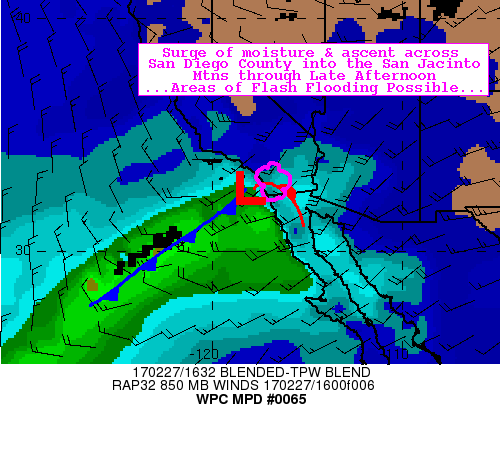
AREAS AFFECTED...SOUTHWEST CALIFORNIA

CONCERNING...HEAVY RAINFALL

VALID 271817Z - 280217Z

SUMMARY...DEEP MOISTURE REACHING SW CA COAST WILL RESULT IN
INCREASING RAIN RATES OVER CENTRAL AND SOUTHERN SAN DIEGO COUNTY
THROUGH 02Z.

DISCUSSION...SYNOPTIC SETUP AND LATEST GOES-W WV IMAGERY DENOTES A
DEEP NORTHERN STREAM TROUGH DROPPING ACROSS S CA ATTM...TIGHTENING
THE GRADIENT ACROSS THE LOCAL AREA AND SERVING TO ENHANCE THE JET
TO 100-120 KTS IN FAVORABLE RIGHT ENTRANCE PLACED OVER AREA OF
CONCERN. AT THE SURFACE...BLENDED TPW AND 89GHZ IMAGERY DENOTE A
STATIONARY FRONT EXTENDING FROM JUST NORTH OF THE US/MEX BORDER
TOWARD A WEAK INFLECTION JUST OFFSHORE.

HI-RES GUIDANCE CONTINUES TO INDICATE RAIN RATES WILL INCREASE IN
THE NEXT FEW HOURS OVER CENTRAL/SOUTHERN SAN DIEGO COUNTY INTO THE
SAN JACINTO MOUNTAINS...AS SUBTROPICAL MOISTURE...1-1.25" PER
LATEST BLENDED TPW IMAGERY...IS SHUNTED NORTH ACROSS THE REGION.

HRRR/HRRR-TLE/HREF PROBABILITIES IN GOOD AGREEMENT WITH DEPICTION
OF A DEVELOPING SWATH OF HEAVIER RAINFALL...INCLUDING RAINFALL
RATES IN EXCESS OF .4-.5"/HR NOW THROUGH 21-23Z...POSSIBLY
LINGERING TO AROUND 02Z OVER THE SANTA ANA MTNS. TOTAL RAINFALL
AMOUNTS BETWEEN 2-3" WILL BE POSSIBLE ACROSS THIS AREA...PRIMARILY
IN THE AFOREMENTIONED PENINSULAR RANGES THROUGH LATE TONIGHT. WILL
CONTINUE TO MONITOR AND UPDATE AS NECESSARY AS NEW DATA BECOMES
AVAILABLE.